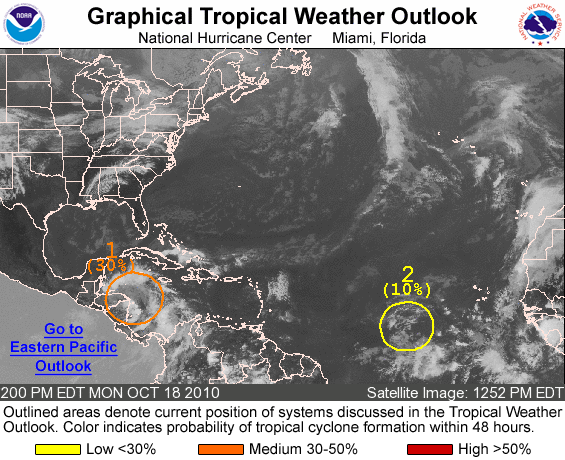
FOR THE NORTH ATLANTIC...CARIBBEAN SEA AND THE GULF OF MEXICO...

1. SHOWERS AND THUNDERSTORMS REMAIN DISORGANIZED IN ASSOCIATION WITH A BROAD AREA OF LOW PRESSURE LOCATED NEAR THE EASTERN COAST OF HONDURAS. A PORTION OF THE CIRCULATION IS INTERACTING WITH LAND... AND DEVELOPMENT COULD BE INHIBITED FOR THAT REASON. THERE IS A MEDIUM CHANCE...30 PERCENT...OF THIS SYSTEM BECOMING A TROPICAL CYCLONE DURING THE NEXT 48 HOURS AS IT MOVES GENERALLY NORTHWESTWARD AT 5 TO 10 MPH.

2. A WEAK LOW PRESSURE AREA LOCATED ABOUT 850 MILES WEST-SOUTHWEST OF THE CAPE VERDE ISLANDS IS PRODUCING DISORGANIZED CLOUDINESS AND A FEW SHOWERS. SIGNIFICANT DEVELOPMENT OF THIS SYSTEM IS UNLIKELY... AND THERE IS A LOW CHANCE...10 PERCENT...OF THIS DISTURBANCE BECOMING A TROPICAL CYCLONE DURING THE NEXT 48 HOURS AS IT MOVES SLOWLY WESTWARD OR WEST-NORTHWESTWARD.

ELSEWHERE...TROPICAL CYCLONE FORMATION IS NOT EXPECTED DURING THE NEXT 48 HOURS.

FORECASTER CANGIALOSI